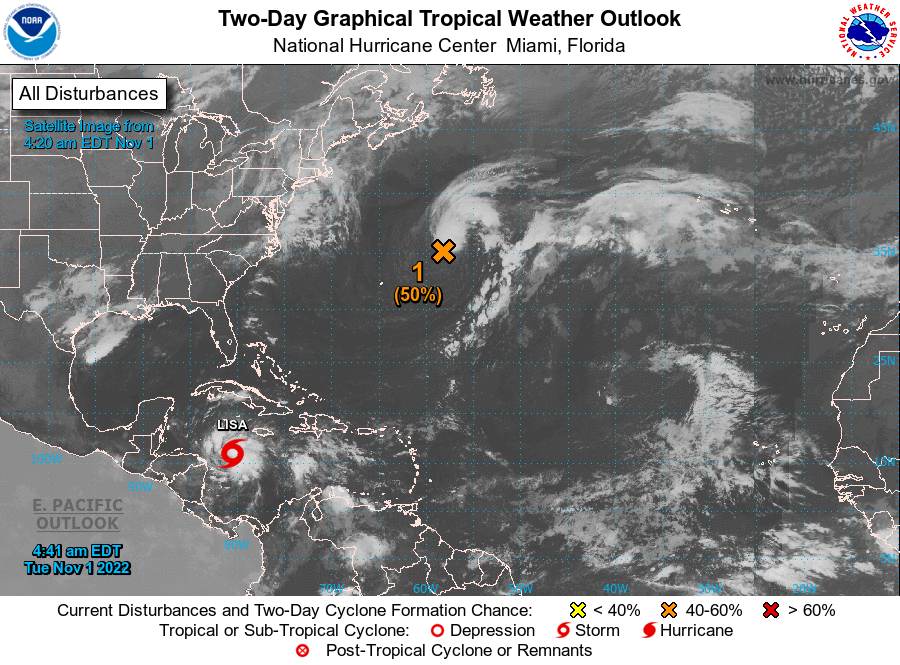
For the North Atlantic...Caribbean Sea and the Gulf of Mexico:

Active Systems: The National Hurricane Center is issuing advisories on Tropical Storm Lisa, located over the central Caribbean Sea.

1. Central Subtropical Atlantic: A non-tropical area of low pressure is located about 425 miles northeast of Bermuda. Shower and thunderstorm activity has continued to persist near and to the north of the center of the low overnight. Some additional development is possible through late Wednesday or Wednesday night, and the system could become a tropical or subtropical storm while it moves generally east-northeastward. By early Thursday, the system is expected to become fully extratropical and merge with a larger non-tropical low over the north-central Atlantic. For more information on this system, including Gale Warnings, see High Seas Forecasts issued by the National Weather Service.
* Formation chance through 48 hours...medium...50 percent.
* Formation chance through 5 days...medium...50 percent.

High Seas Forecasts issued by the National Weather Service can be found under AWIPS header NFDHSFAT1, WMO header FZNT01 KWBC, and online at ocean.weather.gov/shtml/NFDHSFAT1.php

Forecaster Brown